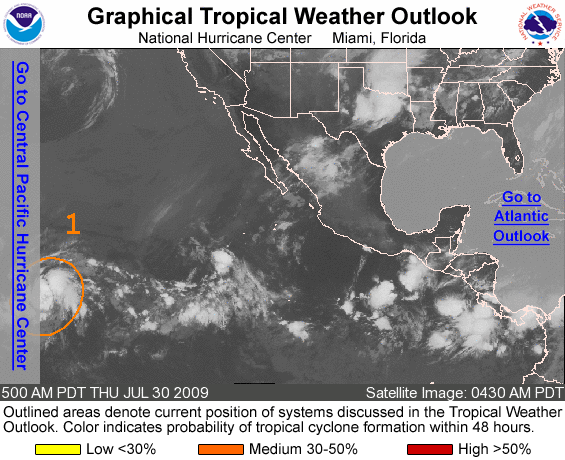
FOR THE EASTERN NORTH PACIFIC...EAST OF 140 DEGREES WEST LONGITUDE..

1. SATELLITE IMAGES INDICATE THAT THE AREA OF DISTURBED WEATHER ASSOCIATED WITH A TROPICAL WAVE LOCATED ABOUT 1200 MILES EAST-SOUTHEAST OF THE HAWAIIAN ISLANDS HAS BECOME BETTER ORGANIZED DURING THE PAST SEVERAL HOURS...AND A TROPICAL DEPRESSION COULD BE FORMING. THIS SYSTEM IS MOVING TOWARD THE WEST ABOUT 15 MPH AND WILL LIKELY MOVE INTO THE CENTRAL PACIFIC HURRICANE CENTER AREA OF RESPONSIBILITY LATER TODAY. THERE IS A MEDIUM CHANCE...30 TO 50 PERCENT...OF THIS SYSTEM BECOMING A TROPICAL CYCLONE DURING THE NEXT 48 HOURS.

ELSEWHERE...TROPICAL CYCLONE FORMATION IS NOT EXPECTED DURING THE NEXT 48 HOURS.

FORECASTER AVILA/BERG